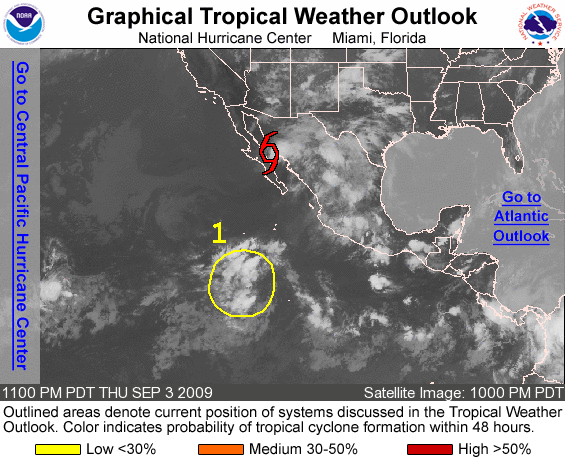
FOR THE EASTERN NORTH PACIFIC...EAST OF 140 DEGREES WEST LONGITUDE..

THE NATIONAL HURRICANE CENTER IS ISSUING ADVISORIES ON TROPICAL STORM JIMENA...LOCATED OVER THE GULF OF CALIFORNIA ABOUT 40 MILES EAST-NORTHEAST OF SANTA ROSALIA MEXICO.

1. A BROAD LOW PRESSURE AREA LOCATED ABOUT 725 MILES SOUTH-SOUTHWEST OF THE SOUTHERN TIP OF BAJA CALIFORNIA CONTINUES TO PRODUCE DISORGANIZED SHOWERS AND THUNDERSTORMS. UPPER-LEVEL WINDS ARE FORECAST TO BECOME MORE CONDUCIVE FOR DEVELOPMENT DURING THE NEXT DAY OR TWO AS THE SYSTEM MOVES TO THE WEST-NORTHWEST AT ABOUT 10 MPH. THERE IS A LOW CHANCE...LESS THAN 30 PERCENT...OF THIS SYSTEM BECOMING A TROPICAL CYCLONE DURING THE NEXT 48 HOURS.

ELSEWHERE...TROPICAL CYCLONE FORMATION IS NOT EXPECTED DURING THE NEXT 48 HOURS.

FORECASTER BEVEN